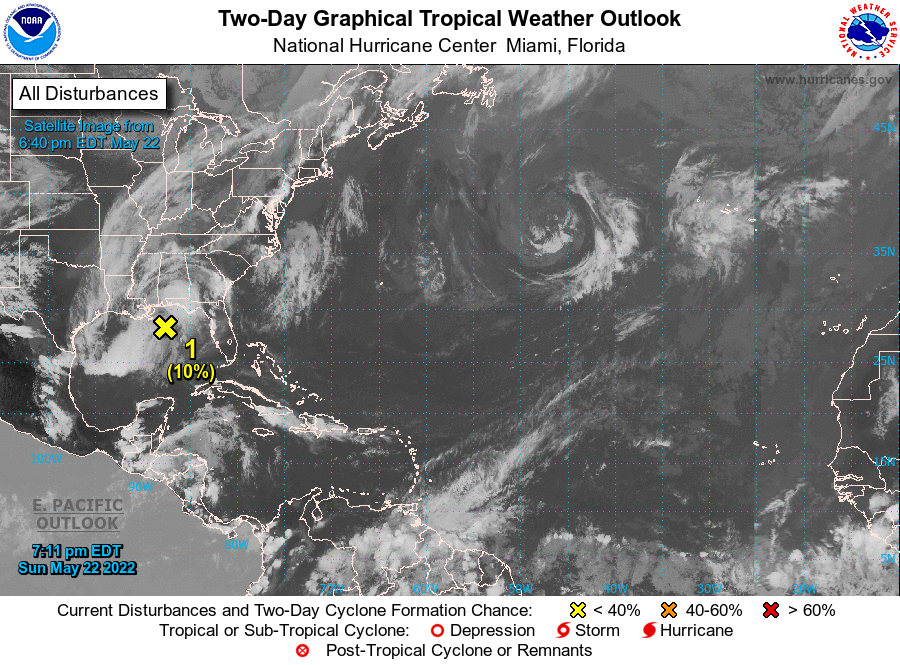
For the North Atlantic...Caribbean Sea and the Gulf of Mexico:

1. North Central Gulf of Mexico: An area of low pressure is located over the north-central Gulf of Mexico about 150 miles south of Pensacola, Florida. This system is producing disorganized thunderstorms and gusty winds across portions of the Florida Panhandle, southern Alabama, and over the central and northern Gulf of Mexico. Surface pressures remain high, and strong upper-level winds should prevent significant development before this system moves inland over the central Gulf Coast later tonight or on Monday. Regardless of development, heavy rainfall and gusty winds are expected to continue across portions of the central Gulf Coast and will spread across the southeast U.S. during the next day or so. Additional information on the rainfall and flooding potential can be found in products issued by your local National Weather Service Forecast Office and Excessive Rainfall Outlooks issued by the Weather Prediction Center.
* Formation chance through 48 hours...low...10 percent.
* Formation chance through 5 days...low...10 percent.

Forecaster Cangialosi